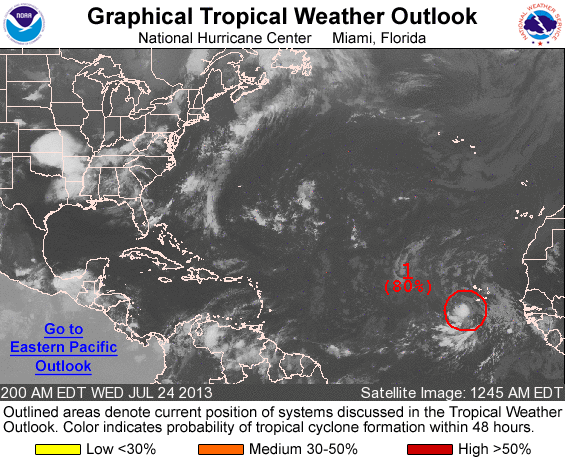
FOR THE NORTH ATLANTIC...CARIBBEAN SEA AND THE GULF OF MEXICO...

1. SHOWER AND THUNDERSTORM ACTIVITY ASSOCIATED WITH A LOW PRESSURE SYSTEM LOCATED ABOUT 175 MILES WEST-SOUTHWEST OF THE CAPE VERDE ISLANDS HAS INCREASED IN COVERAGE AND ORGANIZED DURING THE PAST SEVERAL HOURS. IF THESE TRENDS CONTINUE...TROPICAL CYCLONE ADVISORIES WILL LIKELY BE INITIATED LATER THIS MORNING. THIS SYSTEM HAS A HIGH CHANCE...80 PERCENT...OF BECOMING A TROPICAL CYCLONE DURING THE NEXT 48 HOURS AS IT MOVES WEST-NORTHWESTWARD AT ABOUT 20 MPH.

ELSEWHERE...TROPICAL CYCLONE FORMATION IS NOT EXPECTED DURING THE NEXT 48 HOURS.

FORECASTER BROWN